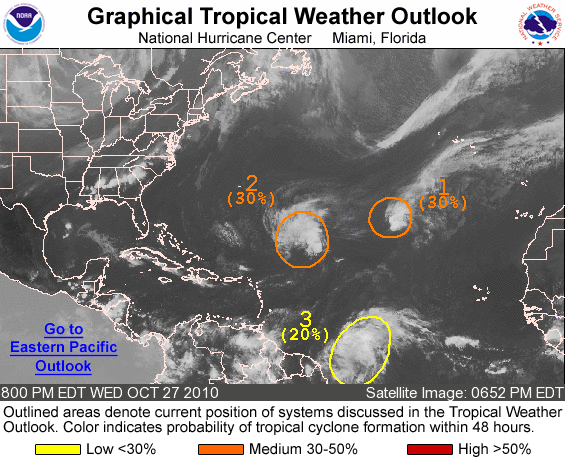
FOR THE NORTH ATLANTIC...CARIBBEAN SEA AND THE GULF OF MEXICO...

1. A NEARLY-STATIONARY LOW PRESSURE SYSTEM IS LOCATED ABOUT 1200 MILES NORTHWEST OF THE NORTHERNMOST CAPE VERDE ISLANDS. SHOWERS AND THUNDERSTORMS ASSOCIATED WITH THE LOW REMAIN DISPLACED WELL TO THE EAST OF THE CIRCULATION CENTER DUE TO UNFAVORABLE UPPER-LEVEL WINDS. DURING THE NEXT DAY OR SO...THE UPPER-LEVEL ENVIRONMENT COULD BECOME MARGINALLY CONDUCIVE FOR DEVELOPMENT AND THERE IS A MEDIUM CHANCE...30 PERCENT...OF THIS SYSTEM BECOMING A TROPICAL CYCLONE DURING THE NEXT 48 HOURS.

2. DISORGANIZED SHOWERS AND THUNDERSTORMS ASSOCIATED WITH AN UPPER- LEVEL AND SURFACE TROUGH ARE LOCATED ABOUT 650 MILES NORTHEAST OF THE NORTHERN LEEWARD ISLANDS. ENVIRONMENTAL CONDITIONS COULD BECOME MORE FAVORABLE FOR DEVELOPMENT OF THIS DISTURBANCE DURING THE NEXT DAY OR TWO. THERE IS A MEDIUM CHANCE...30 PERCENT...OF THIS SYSTEM BECOMING A SUBTROPICAL OR TROPICAL CYCLONE DURING THE NEXT 48 HOURS AS IT MOVES WESTWARD AT 10 TO 15 MPH.

3. A VIGOROUS TROPICAL WAVE IS LOCATED OVER THE TROPICAL ATLANTIC ABOUT 1100 MILES EAST-SOUTHEAST OF THE WINDWARD ISLANDS. ENVIRONMENTAL CONDITIONS APPEAR FAVORABLE FOR SOME SLOW DEVELOPMENT OF THIS SYSTEM DURING THE NEXT COUPLE OF DAYS. THERE IS A LOW CHANCE...20 PERCENT...OF THIS SYSTEM BECOMING A TROPICAL CYCLONE DURING THE NEXT 48 HOURS AS IT MOVES WESTWARD OR WEST-NORTHWESTWARD AT 15 TO 20 MPH.

ELSEWHERE...TROPICAL CYCLONE FORMATION IS NOT EXPECTED DURING THE NEXT 48 HOURS.

FORECASTER BROWN